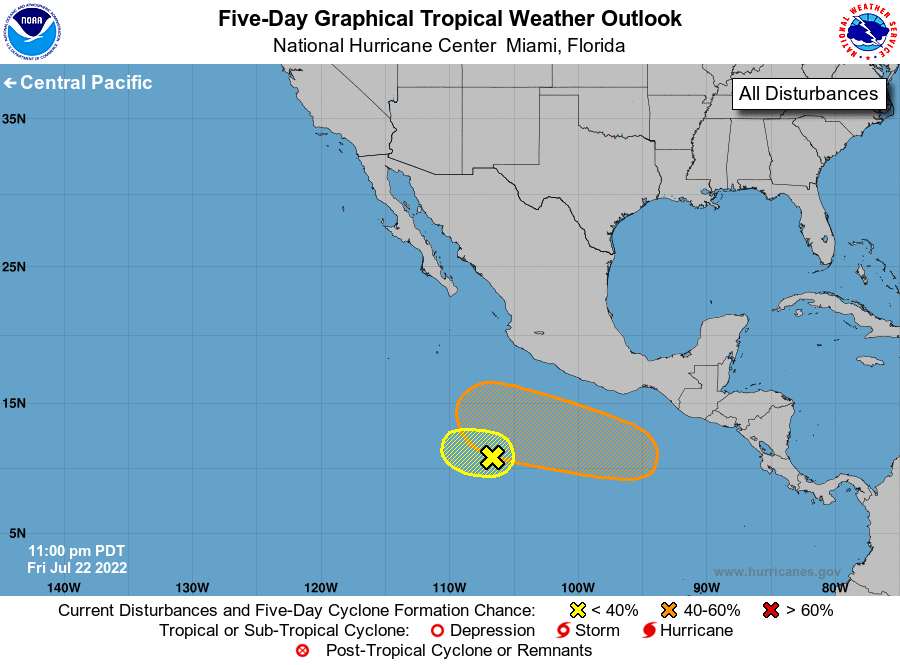
For the eastern North Pacific...east of 140 degrees west longitude:

1. Offshore of Southwestern Mexico: A surface trough continues to produce disorganized showers and a few thunderstorms several hundred miles south of the coast of southwestern Mexico. Development of this system is unlikely while it moves slowly westward or west-northwestward through early next week.
* Formation chance through 48 hours...low...10 percent.
* Formation chance through 5 days...low...10 percent.

2. Offshore of Central America and Southern Mexico: An area of low pressure is forecast to form late this weekend a few hundred miles south of extreme southeastern Mexico. Gradual development is expected thereafter, and a tropical depression could form by the middle of next week while the system moves generally westward at 10 to 15 mph.
* Formation chance through 48 hours...low...near 0 percent.
* Formation chance through 5 days...medium...50 percent.

Forecaster Cangialosi